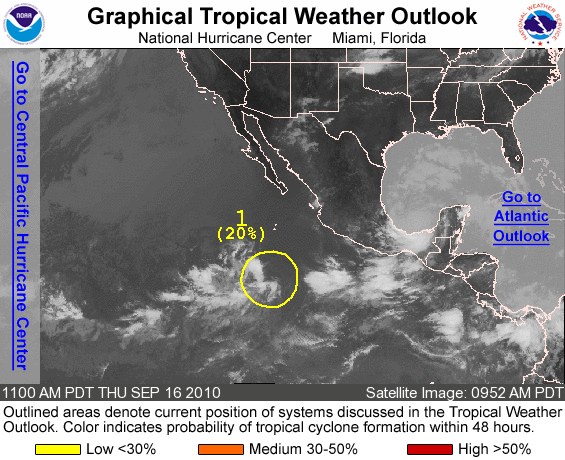
FOR THE EASTERN NORTH PACIFIC...EAST OF 140 DEGREES WEST LONGITUDE..

1. SHOWERS AND THUNDERSTORMS ASSOCIATED WITH A BROAD LOW PRESSURE AREA LOCATED ABOUT 650 MILES SOUTHWEST OF MANZANILLO MEXICO HAVE CHANGED LITTLE IN ORGANIZATION DURING THE LAST SEVERAL HOURS. DEVELOPMENT OF THIS SYSTEM...IF ANY...IS EXPECTED TO BE SLOW TO OCCUR DURING THE NEXT COUPLE OF DAYS AS IT MOVES SLOWLY NORTHWESTWARD. THERE IS A LOW CHANCE...20 PERCENT...OF THIS SYSTEM BECOMING A TROPICAL CYCLONE DURING THE NEXT 48 HOURS.

ELSEWHERE...TROPICAL CYCLONE FORMATION IS NOT EXPECTED DURING THE NEXT 48 HOURS.

FORECASTER KIMBERLAIN